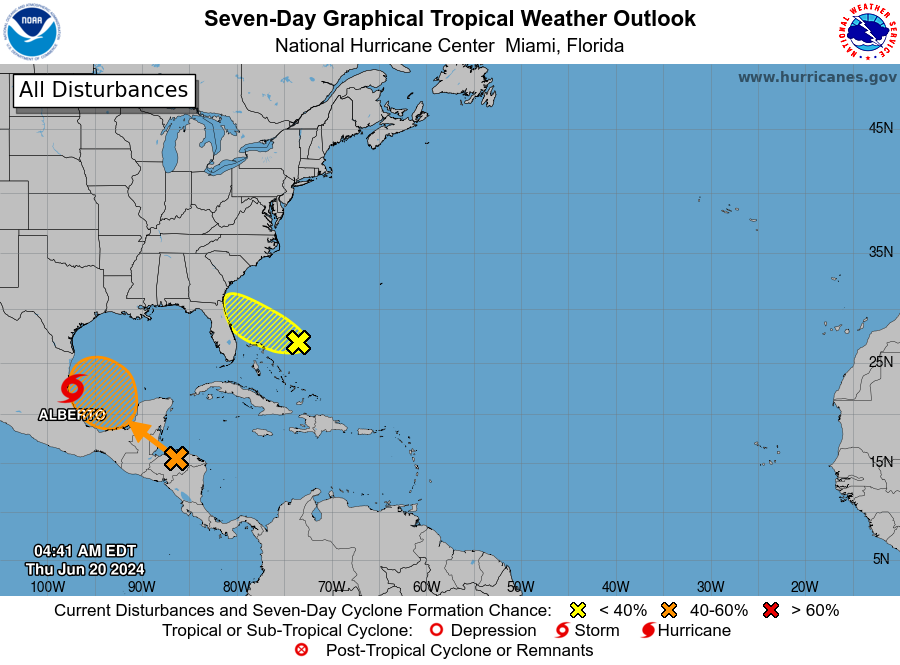
For the North Atlantic...Caribbean Sea and the Gulf of Mexico:

Active Systems: The National Hurricane Center is issuing advisories on Tropical Storm Alberto, located over the southwestern Gulf of Mexico.

1. Southwestern Atlantic Ocean (AL92): A small area of low pressure located about 250 miles east of the northernmost Bahamas is producing disorganized shower and thunderstorm activity. While environmental conditions are only marginally conducive due to nearby dry air, further development of this system is possible while the low moves west-northwestward and approaches the northeastern coast of Florida or the Georgia coast early on Friday.
* Formation chance through 48 hours...low...30 percent.
* Formation chance through 7 days...low...30 percent.

2. Southwestern Gulf of Mexico: A broad area of low pressure is forecast to form near the Yucatan Peninsula of Mexico on Friday. Environmental conditions appear to be conducive for gradual development thereafter, and this system could become a tropical depression over the southwestern Gulf of Mexico this weekend while it moves slowly west-northwestward or northwestward.
* Formation chance through 48 hours...low...near 10 percent.
* Formation chance through 7 days...medium...50 percent.

Forecaster Pasch